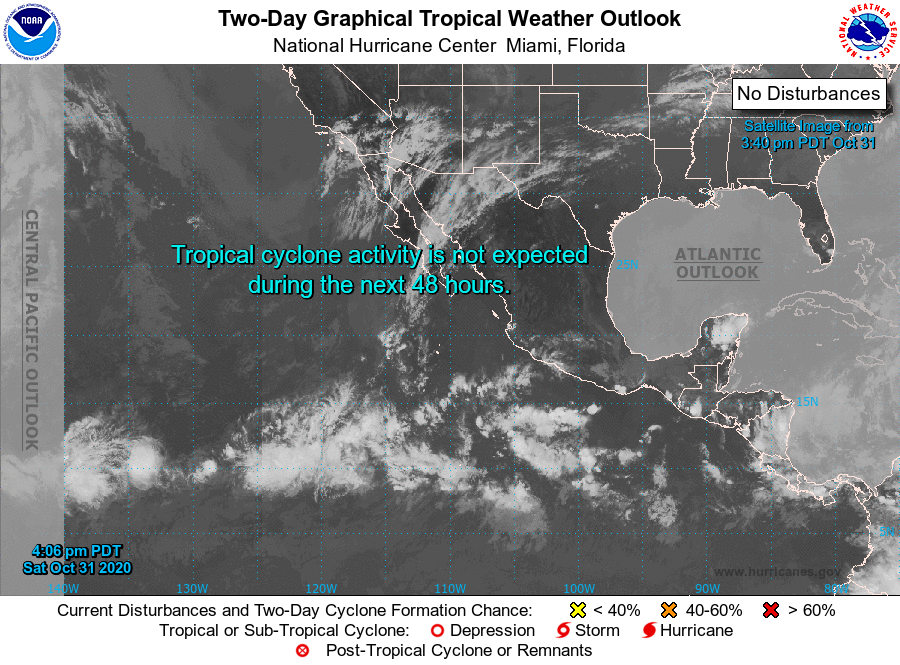
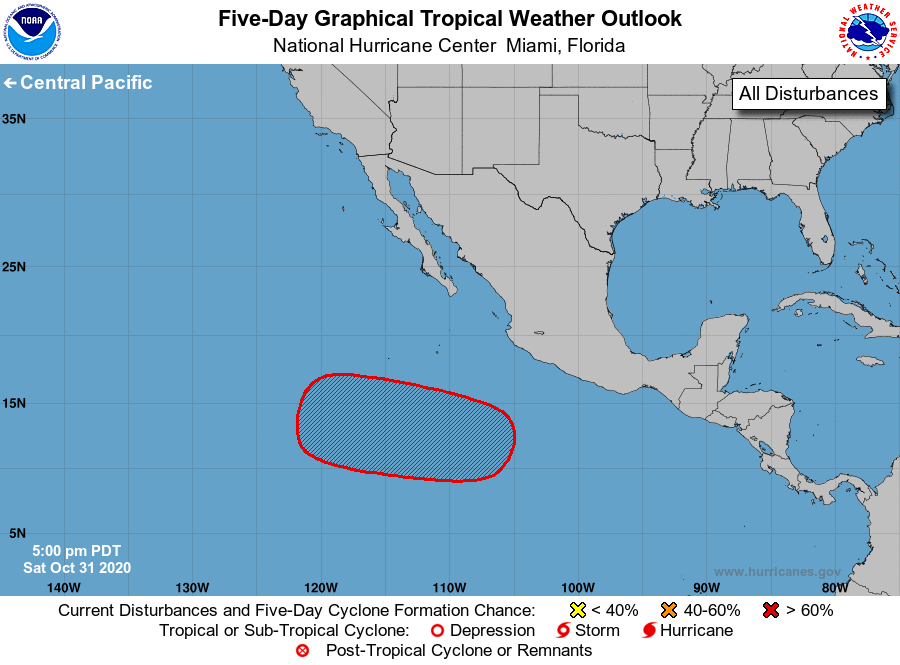
For the eastern North Pacific...east of 140 degrees west longitude:

1. A broad trough of low pressure is forecast to develop south or southwest of the coast of southern Mexico during the next couple of days. Environmental conditions are expected to be favorable for gradual development thereafter, and a tropical depression is likely to form by the middle of next week as the system moves westward to west-northwestward over the eastern Pacific.
* Formation chance through 48 hours...low...near 0 percent.
* Formation chance through 5 days...high...70 percent.

Forecaster Zelinsky